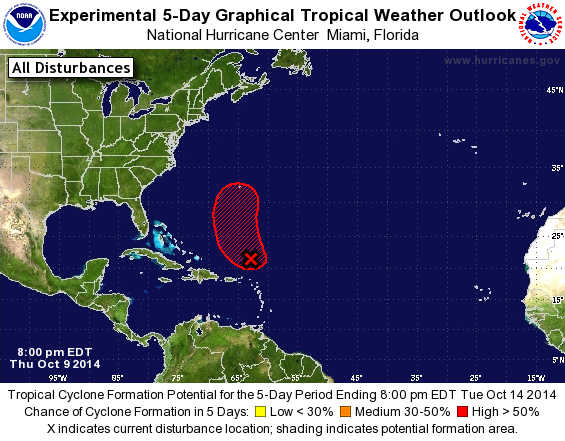
For the North Atlantic...Caribbean Sea and the Gulf of Mexico:

1. Shower and thunderstorm activity, associated with a broad surface low pressure area and an upper-level low, continues to gradually organize several hundred miles north-northeast of the northern Leeward Islands. Environmental conditions appear generally conducive for additional development, and a tropical or subtropical depression could form during the next day or two while the system moves northwestward or north-northwestward at about 10 mph.
* Formation chance through 48 hours...high...60 percent.
* Formation chance through 5 days...high...60 percent.

Forecaster Cangialosi